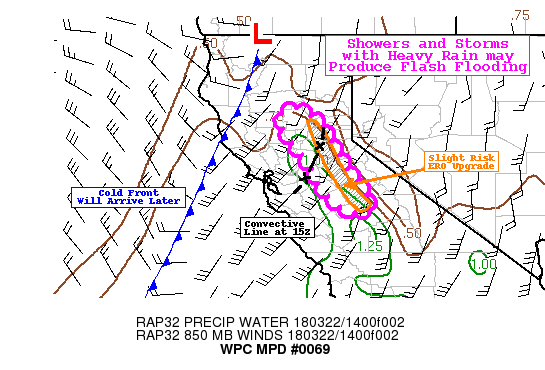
AREAS AFFECTED...SACRAMENTO VALLEY...UPSLOPE REGION OF SIERRAS

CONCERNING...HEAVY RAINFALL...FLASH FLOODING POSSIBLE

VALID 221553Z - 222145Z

SUMMARY...CONVECTIVE RAIN BANDS AND THUNDERSTORMS SHOULD CONTINUE
DEVELOP OVER THE CENTRAL VALLEY AND AND FOOTHILLS OF THE SIERRA
NEVADA RANGE...PARTICULARLY IN THE AFTERNOON HOURS. SOME
CONVECTION MAY TRAIN ENOUGH TO PRODUCE 1 IN/HR RAIN RATES WITH A
THREAT OF FLASH FLOODING.

DISCUSSION...AS OF 15Z A STRONG BAND OF CONVECTIVE RAIN WAS
LOCATED FROM NEAR COLFAX ALONG INTERSTATE-80 TO NEAR STOCKTON IN
THE CENTRAL VALLEY. THIS IS DEVELOPING ALONG A PRE-FRONTAL
CONVERGENCE AXIS IN THE PRESENCE OF PRECIPITABLE WATER VALUES
AROUND 1.0 TO 1.2 INCHES (PER GPS-PW OBS AND RAP ANALYSIS) AND
SEVERAL HUNDRED J/KG OF MUCAPE (PER RAP ANALYSIS). THE MOIST AND
MARGINALLY UNSTABLE ENVIRONMENT SHOULD CONTINUE TO ALLOW FOR
ORGANIZATION TO THE CONVECTIVE BAND AS WELL AS HEAVY RAIN RATES.
ALREADY KDAX AND KBBX DUAL POL ESTIMATES HAVE REACHED OR BARELY
EXCEEDED 1 IN/HR IN SMALL AREAS...AS HAS MRMS. THE CONVECTIVE BAND
WAS NOT EXACTLY TRAINING...BUT INDIVIDUAL CELL MOTION WAS AT A
VERY SMALL ANGLE RELATIVE TO THE ORIENTATION OF THE BAND.
THEREFORE...HEAVY RAIN WAS LINGERING OVER INDIVIDUAL LOCATIONS FOR
CLOSE TO AN HOUR. KDAX SPECIFIC DIFFERENTIAL PHASE (KDP) VALUES IN
THE BAND HAVE REACHED 2-3 DEG/KM WHICH ARE ALSO USUALLY INDICATIVE
OF VERY HEAVY RAIN RATES. THIS BAND COULD POSE A RISK OF FLASH
FLOODING...AS RADAR TRENDS CONTINUE TO SHOW HINTS OF NEW CELL
GROWTH AT THE SOUTHERN END OF THE LINE IN THE MOIST AND MARGINALLY
UNSTABLE AIR MASS OVER THE VALLEY. HOWEVER...THIS MAY REQUIRE THE
BAND TO GROW WIDER OR REORIENT TO LENGTHEN THE AMOUNT OF TIME
HEAVY RAIN OCCURS AT A GIVEN LOCATION.

THE ONGOING HEAVY RAIN IS OCCURRING EARLIER THAN MOST HI-RES MODEL
GUIDANCE HAD SUGGESTED...WITH MANY SHOWING A MARKED INCREASE IN
CONVECTIVE ACTIVITY AROUND 21-00Z IN THIS REGION AS THE SYNOPTIC
COLD FRONT APPROACHES. THE ASSOCIATED +PV LOBE SHOWS UP CLEARLY IN
GOES-WEST WATER VAPOR LOOPS...AND IS STILL ABOUT 200KM OFFSHORE.
THE EXPECTATION IS STILL THAT THIS WILL OCCUR. MODELS SHOW A
SLIGHT DECREASE IN PRECIPITABLE WATER VALUES INTO THE AFTERNOON
HOURS...BUT A CORRESPONDING INCREASE IN CONVECTIVE INSTABILITY.
THIS SHOULD CONTINUE TO ENABLE ANY CONVECTIVE BANDS AND
THUNDERSTORMS TO BE FAIRLY ORGANIZED. 12Z HREF AND RECENT HRRR-TLE
PROBABILITIES OF 1 IN/HR RAIN RATES BECOME PARTICULARLY ELEVATED
IN THE 21-03Z TIME FRAME.

GIVEN THE COMBINATION OF ONGOING HEAVY RAIN (KAUN MEASURED 0.96
INCHES IN AN HOUR) AND THE POTENTIAL FOR ADDITIONAL HEAVY RAIN
LATER...A SLIGHT RISK WAS ADDED TO THE DAY 1 EXCESSIVE RAINFALL
OUTLOOK...AN UPGRADE FROM THE EXISTING MARGINAL RISK. FLASH
FLOODING WILL BE POSSIBLE THIS MORNING AND INTO THE AFTERNOON
HOURS. IT IS POSSIBLE THE CURRENT CONVECTIVE BAND WILL DIMINISH
SOMEWHAT LATER THIS MORNING...BUT ADDITIONAL CONVECTION WOULD BE
EXPECTED TOWARD THE END OF THE VALID TIME OF THIS DISCUSSION
(21-22Z).